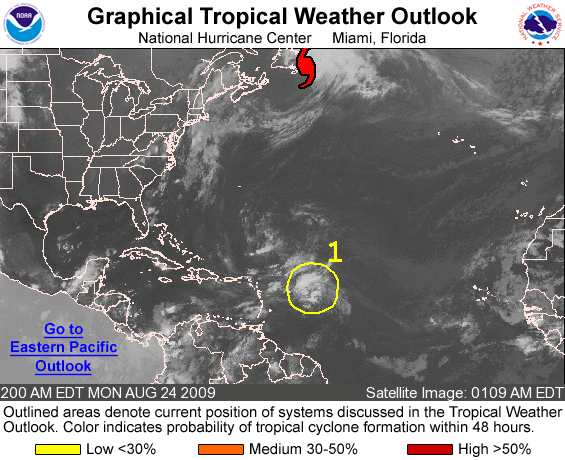
FOR THE NORTH ATLANTIC...CARIBBEAN SEA AND THE GULF OF MEXICO...

THE NATIONAL HURRICANE CENTER IS ISSUING ADVISORIES ON HURRICANE BILL...LOCATED ABOUT 90 MILES NORTH-NORTHWEST OF CAPE RACE NEWFOUNDLAND.

1. DISORGANIZED SHOWERS AND THUNDERSTORMS ASSOCIATED WITH A TROPICAL WAVE INTERACTING WITH AN UPPER-LEVEL LOW ARE LOCATED ABOUT 450 MILES EAST OF THE LEEWARD ISLANDS. SOME SLOW DEVELOPMENT OF THIS SYSTEM IS POSSIBLE OVER THE NEXT COUPLE OF DAYS AS IT MOVES TOWARD THE WEST-NORTHWEST AT 20 TO 25 MPH. THERE IS A LOW CHANCE...LESS THAN 30 PERCENT...OF THIS SYSTEM BECOMING A TROPICAL CYCLONE DURING THE NEXT 48 HOURS.

ELSEWHERE...TROPICAL CYCLONE FORMATION IS NOT EXPECTED DURING THE NEXT 48 HOURS.

FORECASTER ROBERTS/BROWN